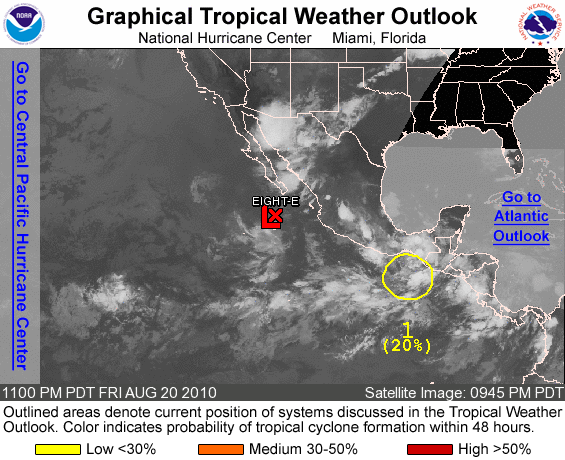
FOR THE EASTERN NORTH PACIFIC...EAST OF 140 DEGREES WEST LONGITUDE..

THE NATIONAL HURRICANE CENTER IS ISSUING ADVISORIES ON TROPICAL DEPRESSION EIGHT-E...LOCATED ABOUT 190 MILES SOUTH OF THE SOUTHERN TIP OF BAJA CALIFORNIA.

1. A NEARLY STATIONARY BROAD AREA OF LOW PRESSURE LOCATED ABOUT 150 MILES SOUTH-SOUTHEAST OF THE GULF OF TEHUANTEPEC IS PRODUCING DISORGANIZED SHOWERS AND THUNDERSTORMS. ENVIRONMENTAL CONDITIONS APPEAR FAVORABLE FOR SOME GRADUAL DEVELOPMENT OF THIS SYSTEM AS IT MOVES LITTLE DURING THE NEXT COUPLE OF DAYS. THERE IS A LOW CHANCE...20 PERCENT...OF THIS SYSTEM BECOMING A TROPICAL CYCLONE DURING THE NEXT 48 HOURS.

ELSEWHERE...TROPICAL CYCLONE FORMATION IS NOT EXPECTED DURING THE NEXT 48 HOURS.

PUBLIC ADVISORIES ON TROPICAL DEPRESSION EIGHT-E ARE ISSUED UNDER WMO HEADER WTPZ33 KNHC AND UNDER AWIPS HEADER MIATCPEP3. FORECAST/ADVISORIES ARE ISSUED UNDER WMO HEADER WTPZ23 KNHC AND UNDER AWIPS HEADER MIATCMEP3.

FORECASTER CANGIALOSI